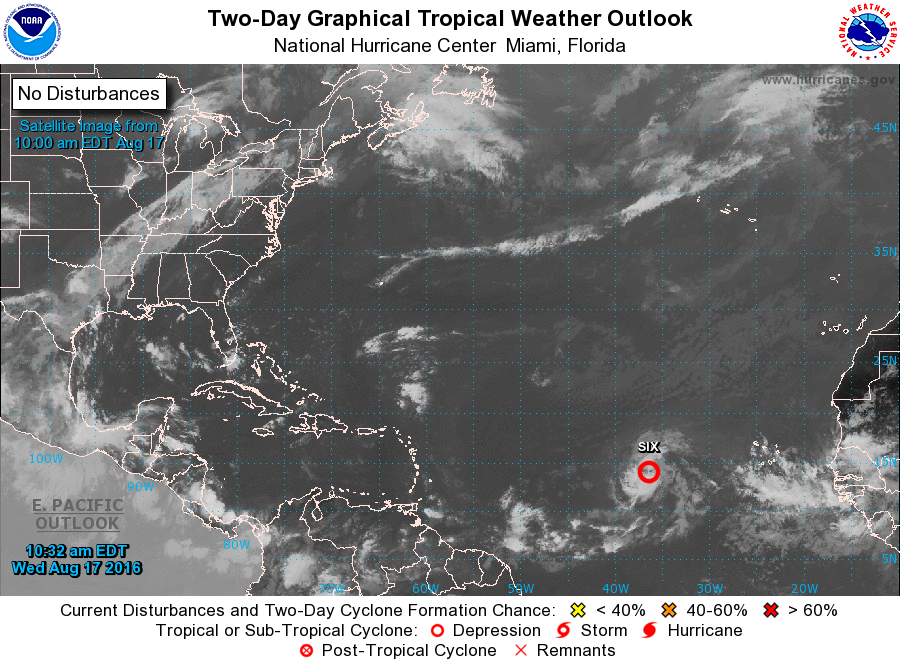
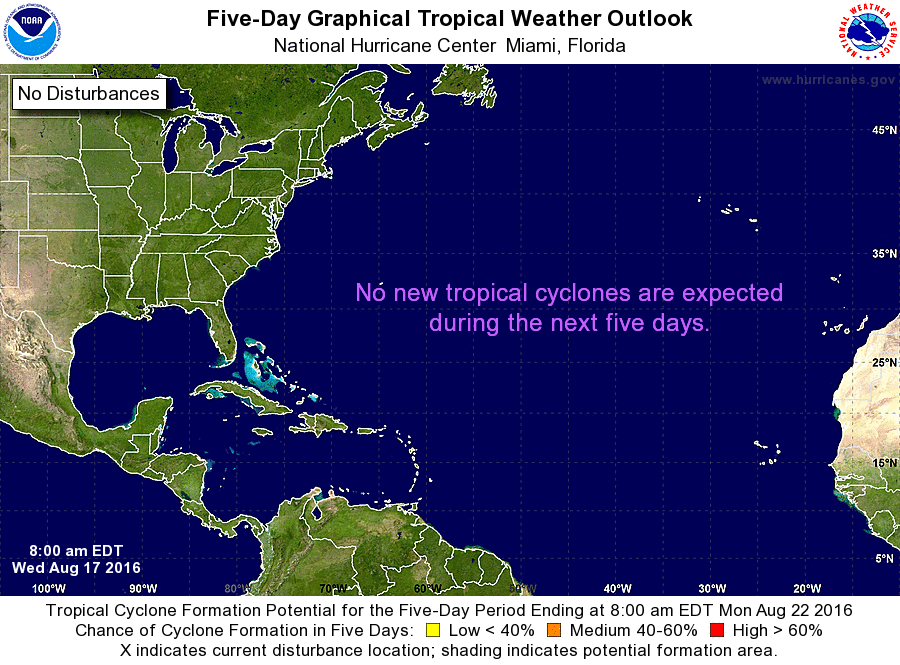
For the North Atlantic...Caribbean Sea and the Gulf of Mexico:

The National Hurricane Center is issuing advisories on Tropical Depression Six located over the central tropical Atlantic.

Tropical cyclone formation is not expected during the next 5 days.

&&
Public Advisories on Tropical Depression Six are issued under WMO header WTNT31 KNHC and under AWIPS header MIATCPAT1. Forecast/Advisories on Tropical Depression Six are issued under WMO header WTNT21 KNHC and under AWIPS header MIATCMAT1.

Forecaster Stewart